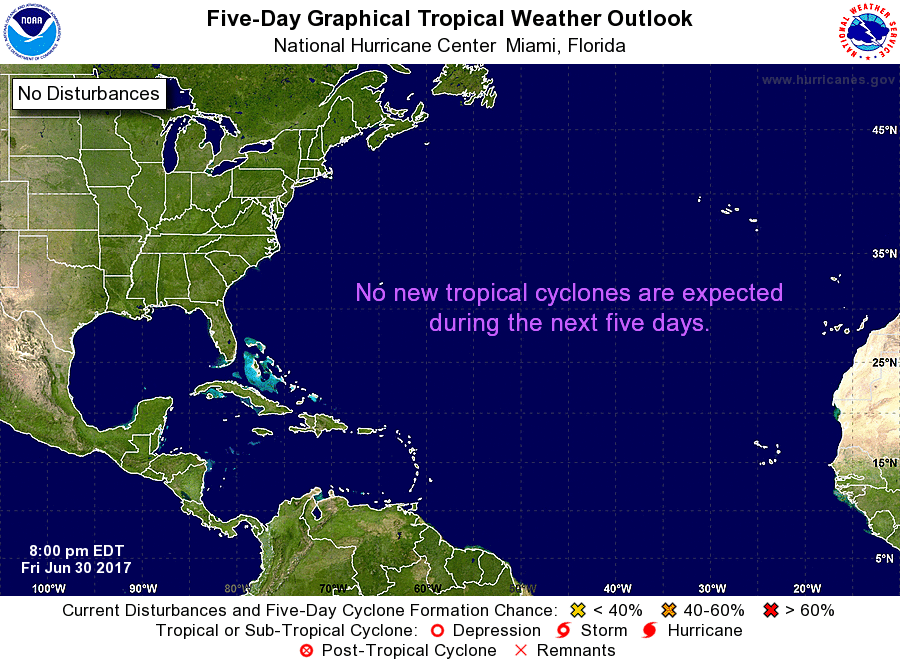
For the North Atlantic...Caribbean Sea and the Gulf of Mexico:

Tropical cyclone formation is not expected during the next 5 days.

Forecaster Landsea